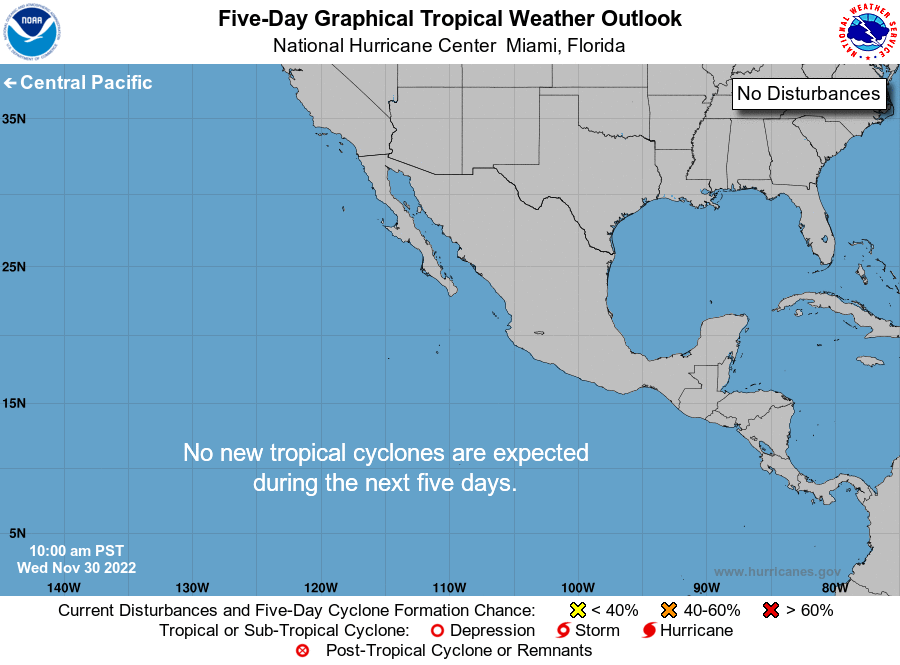
For the eastern North Pacific...east of 140 degrees west longitude:

Tropical cyclone formation is not expected during the next 5 days.

Forecaster Papin